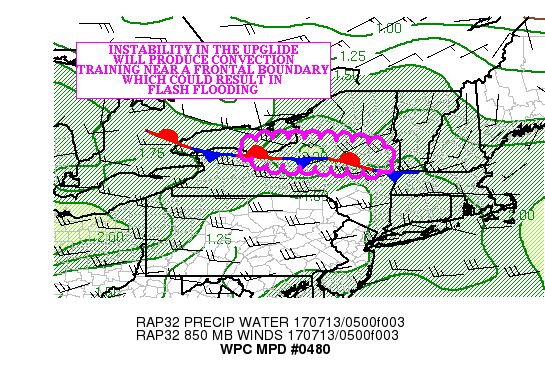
AREAS AFFECTED...CENTRAL NY STATE

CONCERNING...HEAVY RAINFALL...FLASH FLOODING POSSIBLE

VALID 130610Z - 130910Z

SUMMARY...CONVECTION DEVELOPING IN THE UPGLIDE NORTH OF A
STATIONARY BOUNDARY WILL TRAIN ACROSS CENTRAL NY STATE EARLY THIS
MORNING...WHICH COULD POSE A FLASH FLOOD THREAT.

DISCUSSION...REGIONAL RADARS ACROSS CENTRAL NY STATE SHOWED
DEVELOPING CONVECTION FORMING NEAR AND JUST NORTH OF A STATIONARY
FRONT BISECTING THE STATE. INSTABILITY (IN THE FORM OF 500-1000
J/KG OF MUCAPE) IN THE UPGLIDE ON THE 305K SURFACE IS FEEDING THE
CONVECTIVE DEVELOPMENT...AND THE LATEST RAP ANALYSIS SHOWED AN
AXIS OF 1.75/2.00 INCH PRECIPITABLE WATER AIR NEARLY COINCIDENT
WITH THE INSTABILITY.

THE 00Z NAM CONUS NEST APPEARED TO HAVE THE BEST HANDLE OF THE
CONVECTION...AND THAT SOLUTION SHOWED THE POTENTIAL FOR LOCAL 2.00
TO 3.00 INCH RAINFALL AMOUNTS ALONG A LINE FROM EAST OF KFZY TO
EAST OF KGFL. PORTIONS OF CENTRAL NY STATE WERE AFFECTED BY
CONVECTION WITH HEAVY RAIN WED...AND ONE HOUR FLASH FLOOD GUIDANCE
VALUES ARE AS LOW AS 1.00 TO 1.50 INCHES IN PORTIONS OF THE
CATSKILLS.

THE ADDITIONAL HEAVY RAINFALL COULD RESULT IN FLASH
FLOODING...ESPECIALLY IN THE PRESENCE OF TRAINING. THE 00Z NAM
CONUS NEST SIMULATED REFLECTIVITY SHOWED THAT THE CONVECTION...AS
IT MOVES EAST TOWARD INTERSTATE 81...SHOULD BEGIN TO OUTRUN ITS
INSTABILITY SOURCE...AND GRADUALLY WEAKEN. THIS SHOULD END THE
FLASH FLOOD THREAT SOMETIME AFTER 09Z.